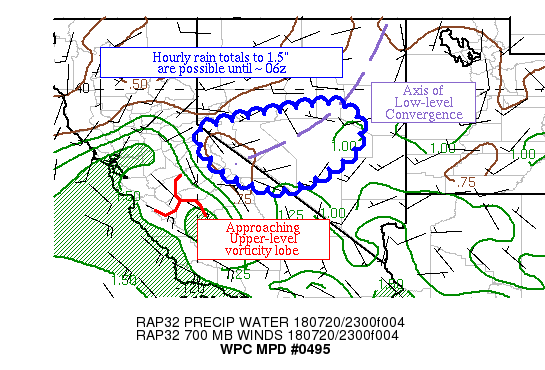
AREAS AFFECTED...CENTRAL NV

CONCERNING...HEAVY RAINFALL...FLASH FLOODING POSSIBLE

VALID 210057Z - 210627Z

SUMMARY...THUNDERSTORMS WITH POTENTIALLY HEAVY RAIN APPEAR TO BE
DEVELOPING IN CENTRAL NV AND EAST-CENTRAL CA.  HOURLY RAIN TOTALS
TO 1.5" SHOULD BE POSSIBLE HERE UNTIL ~06Z.

DISCUSSION...THUNDERSTORMS HAVE BEEN DEVELOPING ACROSS CENTRAL NV
AND EAST-CENTRAL CA SINCE ~20Z IN THE VICINITY OF A LOW-LEVEL
TROUGH AXIS SHOWING CONVERGENT WINDS AT THE 850 AND 700 HPA
LEVELS.  SATELLITE IMAGERY SHOWS SOME OVERSHOOTING TOPS WITHIN THE
CONVECTION.  THE STORMS APPEAR TO BE SHOWING LITTLE MOVEMENT IN NV
AND A NORTHWEST DRIFT IN CA.  MU CAPE VALUES IN THEIR VICINITY IS
~2000 J/KG.  PRECIPITABLE WATER VALUES OF 0.7-1" LIE IN THE AREA.
EFFECTIVE BULK SHEAR IS 25 KTS PER SPC MESOANALYSES.

RAP MASS FIELDS SUGGEST THAT LOW-LEVEL CONVERGENCE SHOULD PERSIST
UNTIL AROUND 06Z BEFORE FADING.  AN APPROACHING VORTICITY
LOBE/SHORTWAVE ACROSS CENTRAL CA MAY ALLOW CONVECTIVE TO TAP SOME
INSTABILITY ALOFT (UTILIZING THE MU CAPE RATHER THAN MERELY ML
CAPE PRESENT) AND PERSIST UNTIL 05-06Z, WHICH IS ROUGHLY WHEN
CONVECTION FADED ACROSS SOUTHERN NV YESTERDAY.  THE AVAILABLE
MOISTURE AND INSTABILITY ALLOWS FOR HOURLY RAIN TOTALS TO 1.5",
WHICH COULD BE PROBLEMATIC WITHIN THE ROUGHLY TOPOGRAPHY OF THE
AREA.